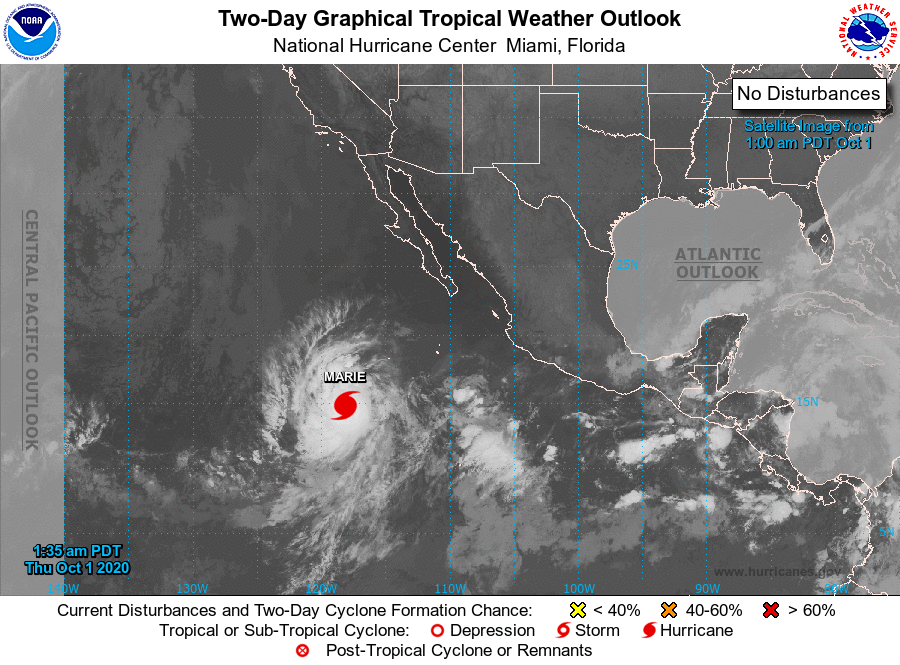
For the eastern North Pacific...east of 140 degrees west longitude:

The National Hurricane Center is issuing advisories on Hurricane Marie, located several hundred miles southwest of the southern tip of the Baja California peninsula.

1. A broad area of low pressure is expected to form a few hundred miles southwest of the coast of southwestern Mexico in a few days. Thereafter, environmental conditions appear conducive for slow development, and a tropical depression could form early next week while the system moves west-northwestward at 5 to 10 mph.
* Formation chance through 48 hours...low...near 0 percent.
* Formation chance through 5 days...medium...40 percent.

Forecaster Latto